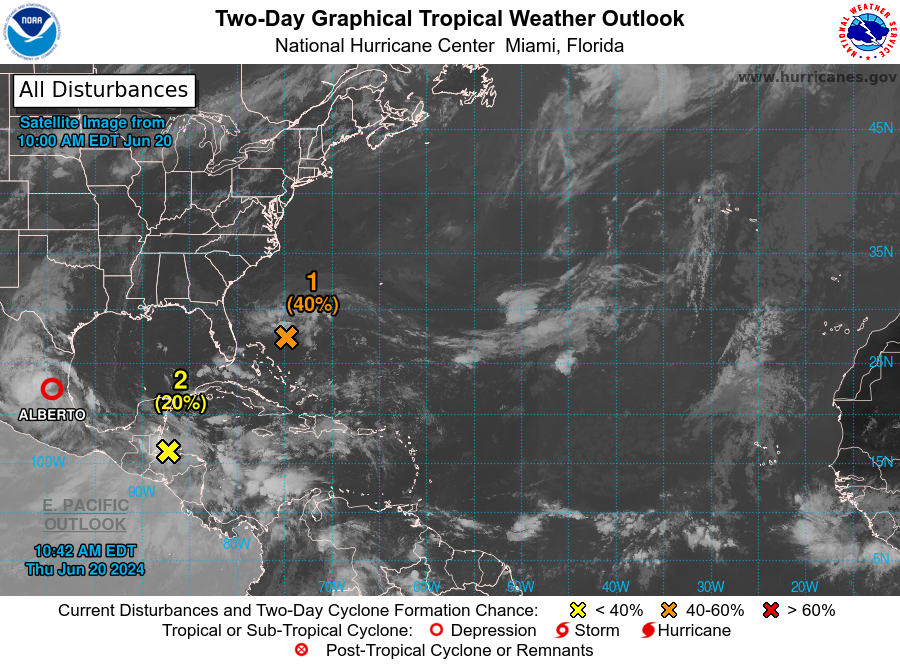
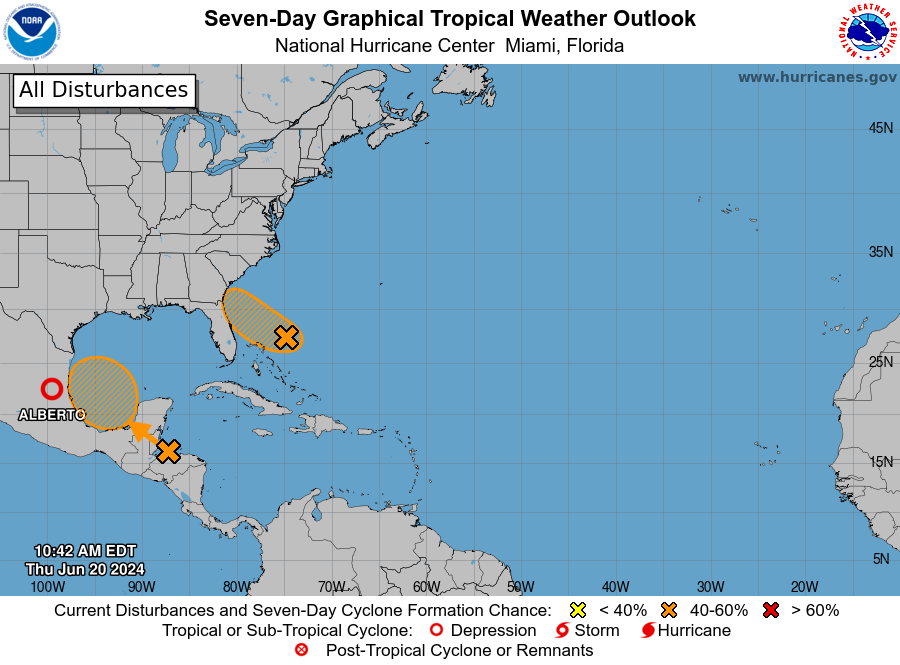
For the North Atlantic...Caribbean Sea and the Gulf of Mexico:

Active Systems: The National Hurricane Center is issuing advisories on Tropical Storm Alberto, located inland over northeastern Mexico.

1. Southwestern Atlantic Ocean (AL92): A small area of low pressure located about 150 miles east of the northernmost Bahamas continues to produce disorganized shower and thunderstorm activity. While environmental conditions are only marginally conducive due to nearby dry air, further development of this system could lead to the development of a tropical depression while the low moves west-northwestward at 10 to 15 mph and approaches the northeastern coast of Florida or the Georgia coast early on Friday. An Air Force Reserve reconnaissance aircraft is scheduled to investigate this system this afternoon, if necessary.
* Formation chance through 48 hours...medium...40 percent.
* Formation chance through 7 days...medium...40 percent.

2. Southwestern Gulf of Mexico: A broad area of low pressure is forecast to form over southeastern Mexico and northern Central America on Friday. Environmental conditions appear conducive for gradual development after this system moves over the Bay of Campeche on Saturday, and a tropical depression could form over the southwestern Gulf of Mexico this weekend while it moves slowly west-northwestward or northwestward.
* Formation chance through 48 hours...low...20 percent.
* Formation chance through 7 days...medium...50 percent.

Forecaster Berg